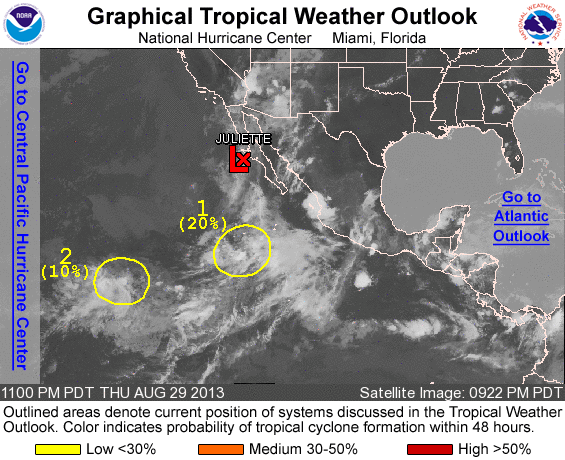
FOR THE EASTERN NORTH PACIFIC...EAST OF 140 DEGREES WEST LONGITUDE..

THE NATIONAL HURRICANE CENTER HAS ISSUED THE LAST ADVISORY ON POST-TROPICAL CYCLONE JULIETTE...LOCATED NEAR THE WEST COAST OF THE BAJA CALIFORNIA PENINSULA.

1. SHOWER ACTIVITY ASSOCIATED WITH AN AREA OF LOW PRESSURE CENTERED ABOUT 550 MILES SOUTH-SOUTHWEST OF THE SOUTHERN TIP OF THE BAJA CALIFORNIA PENINSULA HAS CHANGED LITTLE THIS EVENING. SOME DEVELOPMENT OF THIS SYSTEM IS POSSIBLE DURING THE NEXT DAY OR SO WHILE THIS SYSTEM MOVES NORTH-NORTHEASTWARD AT ABOUT 15 MPH. THE LOW IS FORECAST TO REACH COOLER WATERS IN A DAY OR TWO AND DEVELOPMENT AFTER THAT TIME IS NOT EXPECTED. THIS SYSTEM HAS A LOW CHANCE...20 PERCENT...OF BECOMING A TROPICAL CYCLONE DURING THE NEXT 48 HOURS...AND ALSO A LOW CHANCE...20 PERCENT...OF BECOMING A TROPICAL CYCLONE DURING THE NEXT 5 DAYS.

2. SHOWER AND THUNDERSTORM ACTIVITY ASSOCIATED WITH AN AREA OF LOW PRESSURE LOCATED ABOUT 1500 MILES WEST-SOUTHWEST OF THE SOUTHERN TIP OF THE BAJA CALIFORNIA PENINSULA REMAINS DISORGANIZED. ANY DEVELOPMENT OF THIS SYSTEM SHOULD BE SLOW TO OCCUR DURING THE NEXT COUPLE OF DAYS AS IT MOVES SLOWLY NORTHEASTWARD. THIS DISTURBANCE HAS A LOW CHANCE...10 PERCENT...OF BECOMING A TROPICAL CYCLONE DURING THE NEXT 48 HOURS...AND A LOW CHANCE...20 PERCENT...OF BECOMING A TROPICAL CYCLONE DURING THE NEXT 5 DAYS.

FOR FUTURE INFORMATION ON POST-TROPICAL CYCLONE JULIETTE PLEASE SEE HIGH SEAS FORECASTS ISSUED BY THE NATIONAL WEATHER SERVICE...UNDER AWIPS HEADER NFDHSFEPI AND WMO HEADER FZPN01 KWBC.

FIVE-DAY FORMATION PROBABILITIES ARE EXPERIMENTAL IN 2013. COMMENTS ON THE EXPERIMENTAL FORECASTS CAN BE PROVIDED AT...

HTTP://WWW.NWS.NOAA.GOV/SURVEY/NWS-SURVEY.PHP?CODE=ETWO

FORECASTER BLAKE